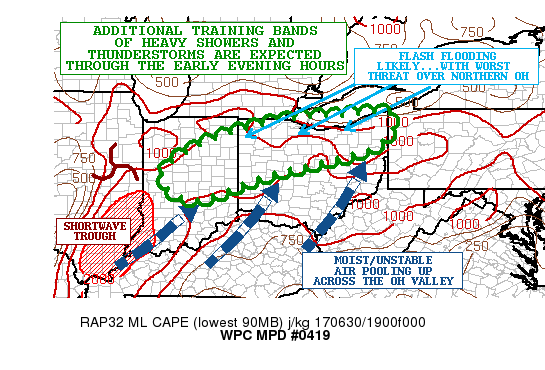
AREAS AFFECTED...CENTRAL/EASTERN IN...CENTRAL/NORTHERN OH

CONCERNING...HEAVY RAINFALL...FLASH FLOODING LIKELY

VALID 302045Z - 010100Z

SUMMARY...ADDITIONAL TRAINING BANDS OF HEAVY SHOWERS AND
THUNDERSTORMS ARE EXPECTED OVER THE NEXT FEW HOURS. FLASH FLOODING
WILL BE LIKELY AS A RESULT GIVEN PERSISTENT AND INTENSE RAINFALL
RATES.

DISCUSSION...SHOWERS AND THUNDERSTORMS CONTINUE TO BECOME BETTER
ORGANIZED IN A SW/NE AXIS FROM PARTS OF SOUTHEAST IL NORTHEASTWARD
UP CENTRAL/NORTHEAST IN AND OVER NORTHERN OH. OVER THE LAST
HOUR...CLOUD TOPS HAVE BEEN COOLING A BIT FURTHER...OWING TO THE
INTERACTION OF A WELL-DEFINED SHORTWAVE/JET MAX MOVING ACROSS
CENTRAL IL AT THIS TIME AND INTERACTION WITH A VERY MOIST AND
MODERATELY UNSTABLE BOUNDARY LAYER ADVANCING NORTHEAST UP ACROSS
THE OH VALLEY.

THE CONVECTION WILL LIKELY TEND TO ORGANIZE A LITTLE BIT FURTHER
OVER THE NEXT COUPLE HOURS BEFORE PEAKING...BUT GIVEN THE LINEAR
BANDS ORIENTED RATHER PARALLEL TO THE DEEPER LAYER MEAN FLOW...THE
CONCERN FOR TRAINING CELLS WILL CONTINUE AND THUS WITH ENHANCED
RAINFALL POTENTIAL. A GENERAL EAST-NORTHEAST MOTION WITH SOME
GRADUAL TENDENCY FOR CONVECTION TO BOW OUT A BIT MORE TO THE EAST
CAN BE EXPECTED. THIS WILL ALLOW CONVECTION TO EVENTUALLY GET MORE
INTO CENTRAL OH BETWEEN 22Z AND 00Z.

PWATS APPROACHING 1.75 INCHES AND THE DEGREE OF AVAILABLE
INSTABILITY WILL CONTRIBUTE TO RAINFALL RATES OF OVER 2 INCHES/HR
WITHIN THE STRONGER CORES...AND THE LATEST HRRR GUIDANCE SUPPORTS
AS MUCH AS 3 TO 5 INCHES OF RAIN THROUGH MID-EVENING...WITH THE
HEAVIEST TOTALS UP ACROSS NORTHERN OH. SOME OF THE VERY HEAVY
RAINS WILL BE GETTING INTO THE CLEVELAND METROPOLITAN AREA...AND
MAY RESULT IN SOME ENHANCED RUNOFF/FLASH FLOODING CONCERNS AS A
RESULT GIVEN THE URBANIZED ENVIRONMENT. WILL CONTINUE TO MONITOR.